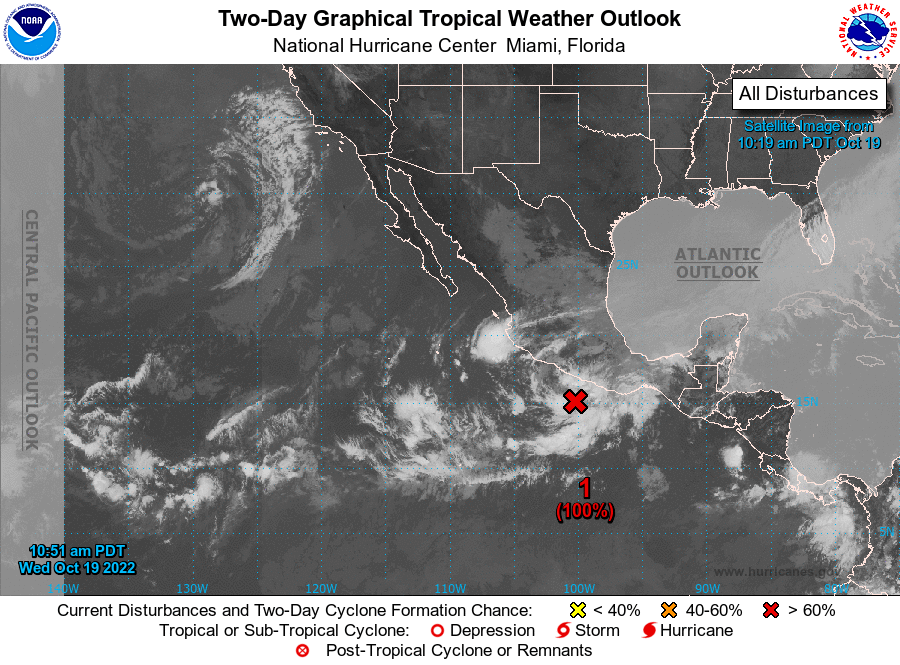
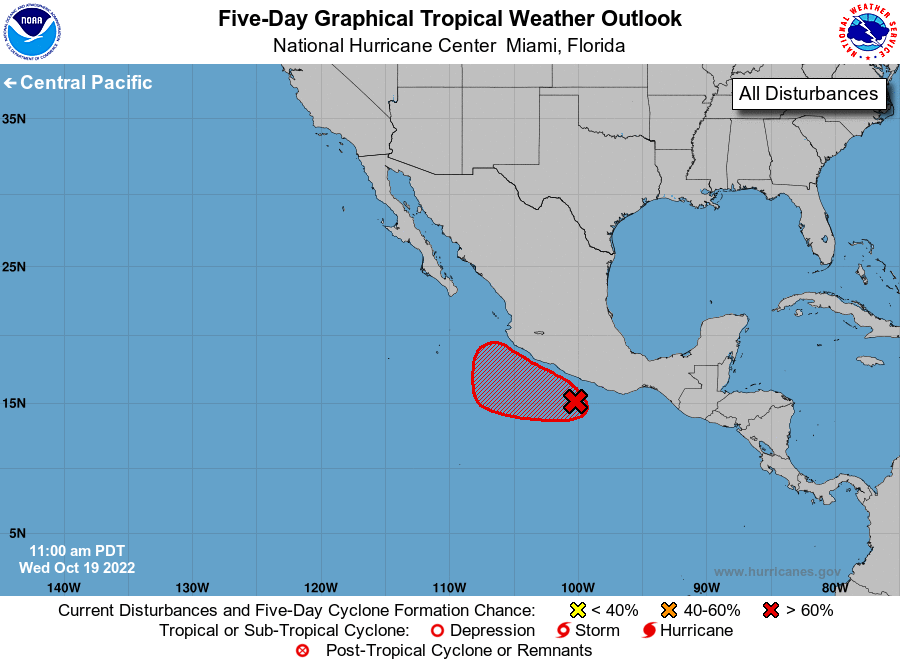
For the eastern North Pacific...east of 140 degrees west longitude:

1. Offshore of Southern Mexico: Shower and thunderstorm activity associated with a low pressure area located a couple hundred miles south of the southern coast of Mexico continues to become better organized. In addition, recent satellite wind data indicates the circulation is becoming better defined. Environmental conditions appear conducive for additional development and a tropical depression is expected to form later today or tonight as the system moves generally west-northwestward, parallel to the southwestern coast of Mexico. Interests along the southwestern and western coasts of Mexico should monitor the progress of this system. Additional information on this system, including gale warnings, can be found in High Seas Forecasts issued by the National Weather Service.
* Formation chance through 48 hours...high...near 100 percent.
* Formation chance through 5 days...high...near 100 percent.

High Seas Forecasts issued by the National Weather Service can be found under AWIPS header NFDHSFEPI, WMO header FZPN02 KWBC, and on the web at ocean.weather.gov/shtml/NFDHSFEPI.php

Forecaster Beven